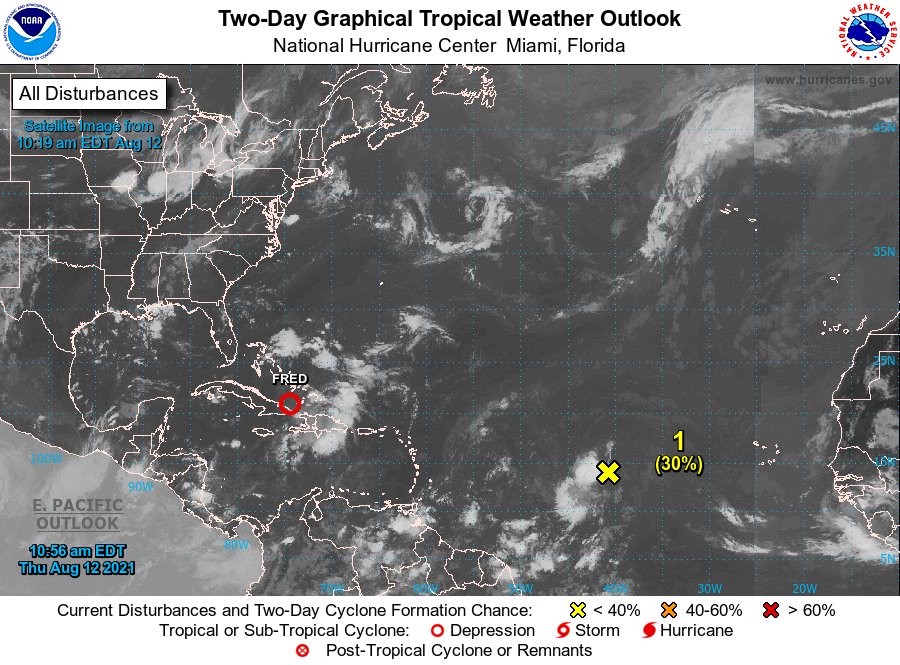
For the North Atlantic...Caribbean Sea and the Gulf of Mexico:

The National Hurricane Center is issuing advisories on Tropical Depression Fred, located about 40 miles west-southwest of Great Inagua, Bahamas.

1. Showers and thunderstorms remain disorganized in association with a tropical wave located about 1400 miles east of the Lesser Antilles. Environmental conditions are expected to gradually become more conducive for development, and a tropical depression could form by early next week while the system moves generally westward at about 20 mph across the tropical Atlantic. This system is expected to reach portions of the Leeward Islands late Saturday or early Sunday.
* Formation chance through 48 hours...low...30 percent.
* Formation chance through 5 days...medium...60 percent.

Forecaster Berg